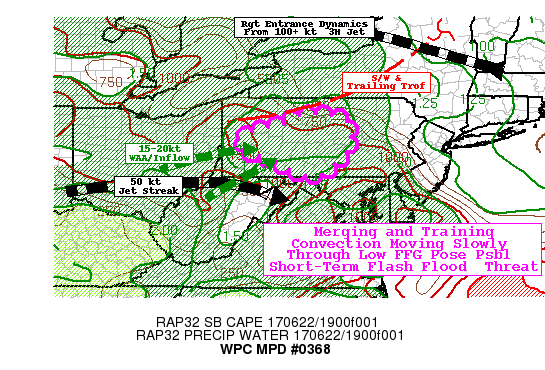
AREAS AFFECTED...WESTERN & CENTRAL PA

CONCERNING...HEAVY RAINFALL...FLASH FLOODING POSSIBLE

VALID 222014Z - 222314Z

SUMMARY...SHORT-TERM FLASH FLOOD THREAT AS CONVECTION CONGEALS
ACROSS LOWER FFG VALUES

DISCUSSION...EXPERIMENTAL GOES-16 WV LOOP SHOWS A FAST MOVING
SHORTWAVE CROSSING THROUGH N NY WITH TRAILING EDGE OF THE
SHORTWAVE TROF CROSSING OUT OF LAKE ERIE PROVIDING MODEST DPVA FOR
ASCENT.  WEAK LOW LEVEL WAA FORCING FROM THE SOUTHWEST IS SLIGHTLY
CONVERGENT ACROSS WESTERN PA NEAR LIFTING FRONTAL ZONE COINCIDENT
WITH  POOL OF INCREASED INSTABILITY AND WEAKENED CAPPING DUE TO
FAIRLY CLEAR SKIES JUST NORTH OF CIRRUS OUTFLOW ACROSS S OH/WV
INTO MD.  THIS OUTFLOW JET IS ALSO FAVORABLY ORIENTED TO THE
DEVELOPING CONVECTION WITH LEFT EXIT PROVIDING ADDITION DIVERGENCE
(ALSO COUPLED WITH DISTANT RIGHT ENTRANCE OF STRONGER POLAR JET
ACROSS SE CANADA.

IN THE LOWER LEVELS MOISTURE IS ALSO POOLED IN W PA WITH TPWS AOA
1.75"...WITH MODEST UNOBSTRUCTED INFLOW...FLUX TO PRODUCE MODEST
RAINFALL GENERATION WITH RATES UP TO 1.5"/HR.  FORWARD CELL
MOTIONS AND PROPAGATION E AND ESE SHOULD LIMIT DURATION;
HOWEVER...THE ORIENTATION OF THE CONVECTIVE DEVELOPMENT WILL
LIKELY SUPPORT SOME TRAINING...POTENTIALLY YIELDING TOTALS OF 2-3"
OVER THE NEXT 2-3 HOURS.  GIVEN ROUGH TERRAIN AND NATURALLY LOWER
FFG VALUES IN THE 1-1.5"/HR AND 1.5-2.0"/3HR ACROSS W PA INTO SW
CTP CWA...THERE IS A POSSIBLE THREAT FOR FLASH FLOODING TO OCCUR.
WHILE COMPLEX MAY FURTHER MATURE/GROW INTO CENTRAL PA... GUIDANCE
VALUES RAPIDLY INCREASE GREATER THAN EVEN HIGHEST EXPECTED
RAINFALL RATES/3HR TOTALS...LESSENING THE THREAT WITH TIME.